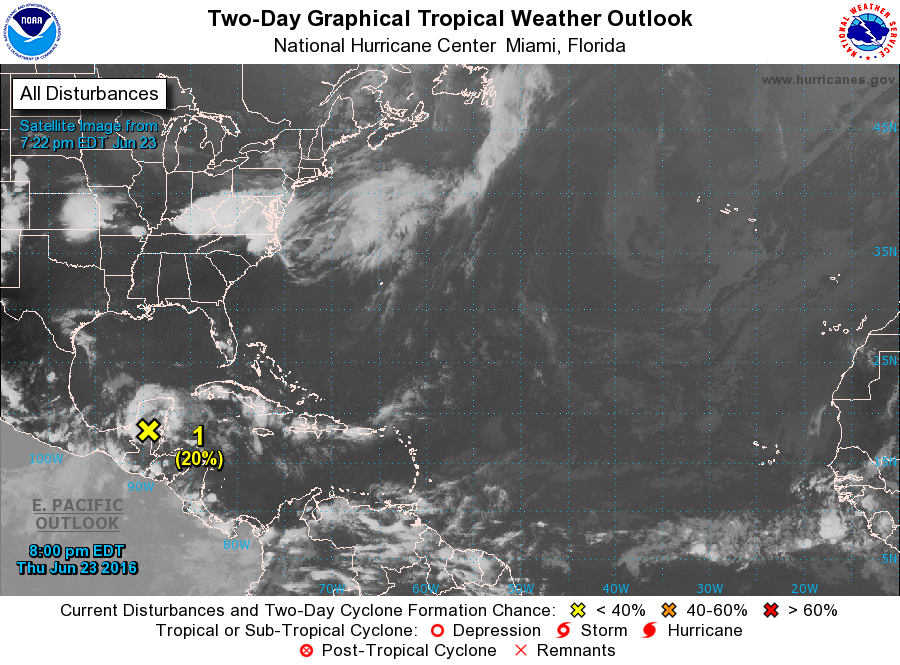
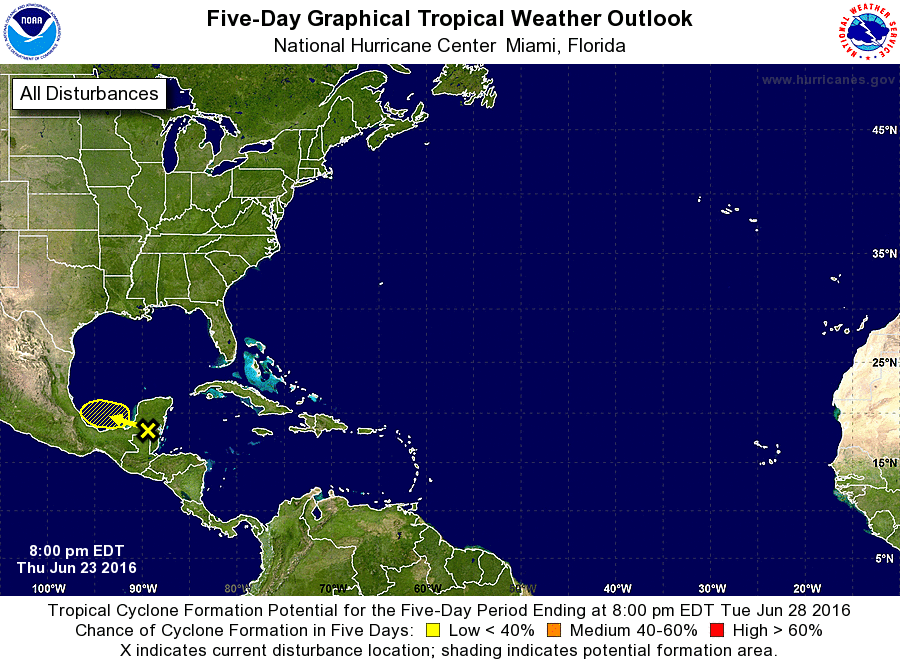
For the North Atlantic...Caribbean Sea and the Gulf of Mexico:

1. Showers and thunderstorm activity continues near the Yucatan Peninsula of Mexico in association with a broad area of low pressure. There are currently no signs of organization. However, some development of this system is possible Friday or Friday night as the low moves over the Bay of Campeche. An Air Force Reserve Hurricane Hunter plane is scheduled to investigate the low on Friday afternoon, if necessary.
* Formation chance through 48 hours...low...20 percent
* Formation chance through 5 days...low...20 percent

Forecaster Beven